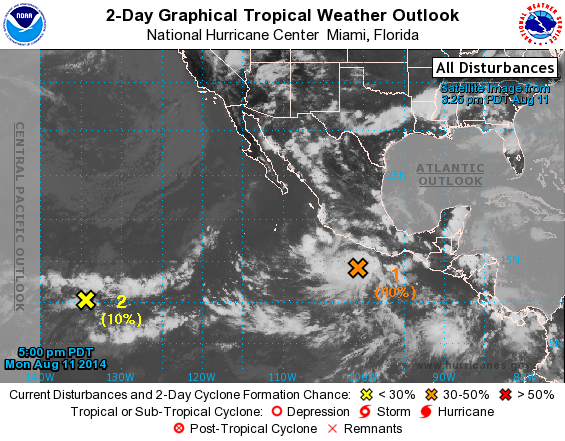
For the eastern North Pacific...east of 140 degrees west longitude:

1. Showers and thunderstorms have become better organized in association with a tropical wave located a couple of hundred miles southwest of Acapulco, Mexico. Environmental conditions are conducive for further development, and a tropical depression is likely to form within a few days while the system moves west- northwestward at 10 to 15 mph.
* Formation chance through 48 hours...medium...40 percent.
* Formation chance through 5 days...high...80 percent.

2. A broad area of low pressure has formed about 1500 miles east-southeast of the Big Island of Hawaii. Any development of this system is expected to be slow to occur over the next few days while it moves to the west or west-northwest at 10 to 15 mph.
* Formation chance through 48 hours...low...10 percent.
* Formation chance through 5 days...low...20 percent.

Forecaster Blake